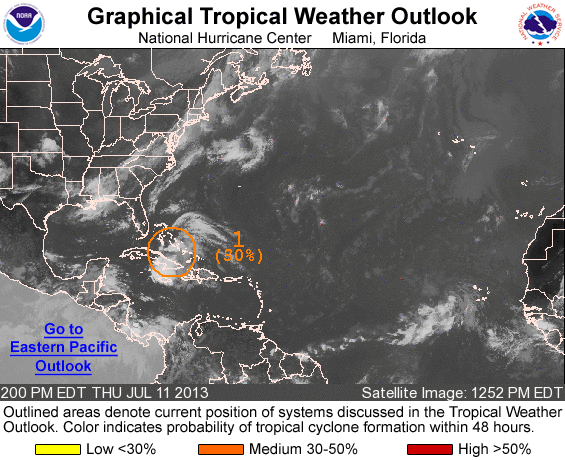
FOR THE NORTH ATLANTIC...CARIBBEAN SEA AND THE GULF OF MEXICO...

1. A TROUGH OF LOW PRESSURE ASSOCIATED WITH THE REMNANTS OF CHANTAL EXTENDS NORTHEASTWARD FROM THE WESTERN CARIBBEAN SEA ACROSS CENTRAL CUBA AND INTO THE BAHAMAS. THIS SYSTEM IS ACCOMPANIED BY A LARGE BUT DISORGANIZED AREA OF CLOUDINESS AND THUNDERSTORMS. UPPER-LEVEL WINDS ARE FORECAST TO BECOME A LITTLE MORE FAVORABLE FOR DEVELOPMENT DURING THE NEXT DAY OR TWO...WHEN THE DISTURBANCE MOVES NORTHWARD ACROSS THE NORTHWESTERN BAHAMAS AND THE ADJACENT ATLANTIC. THIS SYSTEM HAS A MEDIUM CHANCE...30 PERCENT...OF BECOMING A TROPICAL CYCLONE DURING THE NEXT 48 HOURS. AN AIR FORCE RECONNAISSANCE MISSION IS SCHEDULED TO INVESTIGATE THE DISTURBANCE ON FRIDAY...IF NECESSARY.

ELSEWHERE...TROPICAL CYCLONE FORMATION IS NOT EXPECTED DURING THE NEXT 48 HOURS.

FORECASTER AVILA